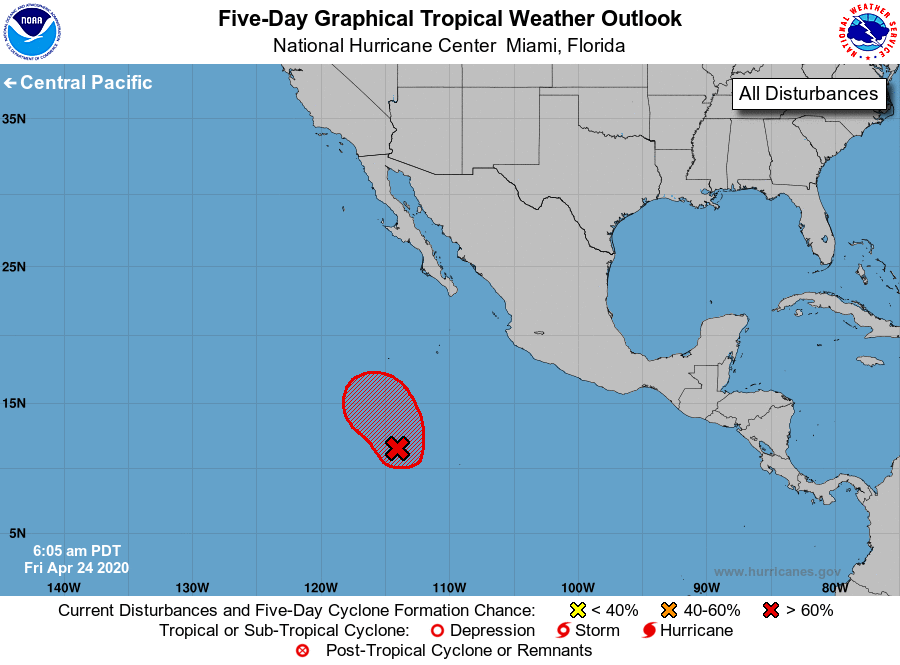
For the eastern North Pacific...east of 140 degrees west longitude:

Special Tropical Weather Outlook issued to discuss the area of disturbed weather located well south-southwest of the southern tip of the Baja California Peninsula.

1. Shower and thunderstorm activity continues to become better organized in association with a broad area of low pressure located about 800 miles south-southwest of the southern tip of the Baja California Peninsula. Environmental conditions are favorable for additional gradual development, and a tropical depression is likely to form in the next day or two as the system moves slowly northwestward. By late this weekend, conditions will become less conducive for development. The next Special Tropical Weather Outlook on this system will be issued by 2 PM PDT Friday, or earlier, if necessary.
* Formation chance through 48 hours...high...80 percent.
* Formation chance through 5 days...high...80 percent.

Forecaster Latto